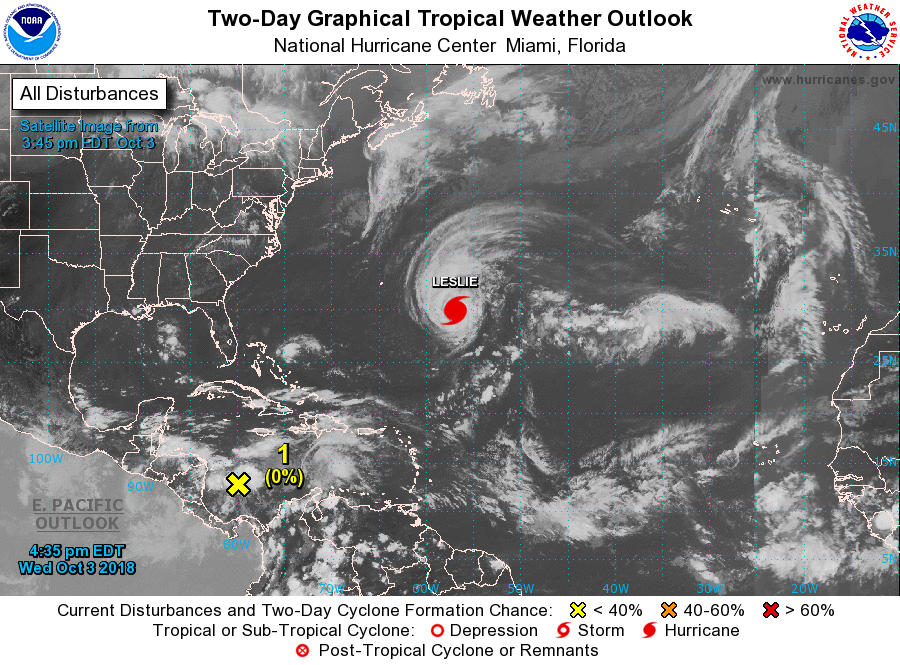
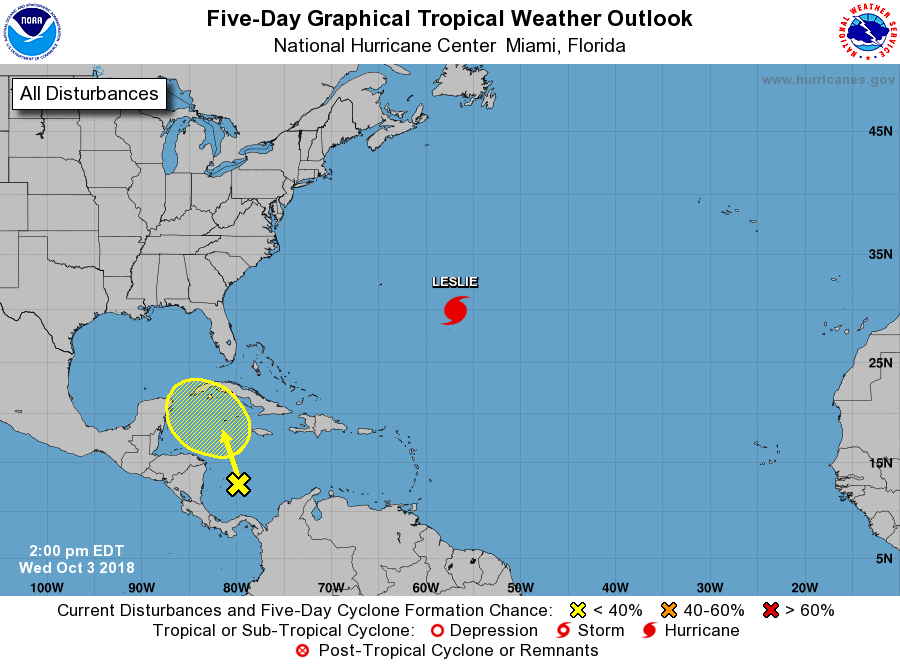
For the North Atlantic...Caribbean Sea and the Gulf of Mexico:

The National Hurricane Center is issuing advisories on Hurricane Leslie, located over the central Atlantic Ocean.

1. A broad area of low pressure covers the central and southwestern Caribbean Sea, and portions of Central America. Showers and thunderstorms remain disorganized, however, some slow development within this broad circulation is possible this weekend and early next week as it drifts northwestward.
* Formation chance through 48 hours...low...near 0 percent.
* Formation chance through 5 days...low...30 percent.

Forecaster Cangialosi/Onderlinde